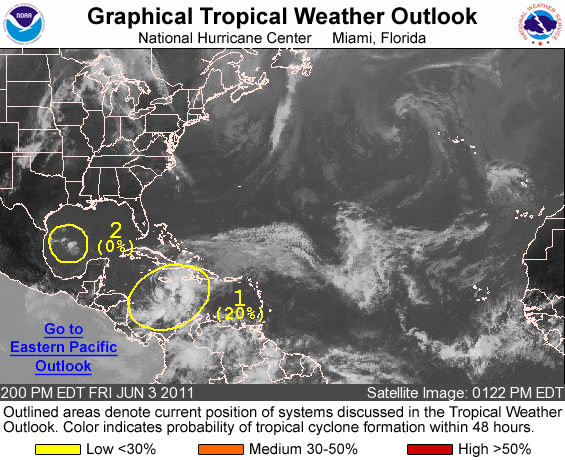
FOR THE NORTH ATLANTIC...CARIBBEAN SEA AND THE GULF OF MEXICO...

1. THE SURFACE CIRCULATION ASSOCIATED WITH A BROAD AREA OF LOW PRESSURE CENTERED A COUPLE HUNDRED MILES SOUTH OF JAMAICA HAS BECOME A LITTLE BETTER DEFINED TODAY. UPPER-LEVEL WINDS APPEAR TO BE DIMINISHING OVER THE SYSTEM...BUT A LARGE AREA OF DRY AIR IS BEING DRAWN INTO THE WESTERN SIDE OF THE CIRCULATION. THERE IS A LOW CHANCE...20 PERCENT...OF THIS SYSTEM BECOMING A TROPICAL CYCLONE DURING THE NEXT 48 HOURS. HEAVY RAINS COULD STILL CAUSE FLASH FLOODING AND MUD SLIDES OVER PORTIONS OF HAITI...THE DOMINICAN REPUBLIC...JAMAICA...AND EXTREME SOUTHEASTERN CUBA OVER THE NEXT DAY OR TWO AS THE LOW REMAINS NEARLY STATIONARY OVER THE WEST- CENTRAL CARIBBEAN SEA.

2. A SMALL AREA OF LOW PRESSURE LOCATED OVER THE WESTERN GULF OF MEXICO ABOUT 275 MILES EAST-SOUTHEAST BROWNSVILLE TEXAS IS PRODUCING LIMITED SHOWER AND THUNDERSTORM ACTIVITY. ENVIRONMENTAL CONDITIONS ARE NOT CONDUCIVE FOR DEVELOPMENT...AND THERE IS A LOW CHANCE... NEAR 0 PERCENT...OF THIS SYSTEM BECOMING A TROPICAL CYCLONE DURING THE NEXT 48 HOURS AS IT MOVES GENERALLY NORTHWESTWARD AT ABOUT 10 TO 15 MPH.

ELSEWHERE...TROPICAL CYCLONE FORMATION IS NOT EXPECTED DURING THE NEXT 48 HOURS.

FORECASTER BERG